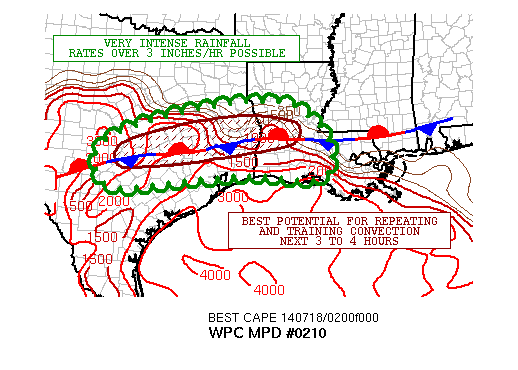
AREAS AFFECTED...SOUTHEASTERN TX...SOUTHWEST LA

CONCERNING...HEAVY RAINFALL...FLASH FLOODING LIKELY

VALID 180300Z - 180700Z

SUMMARY...ADDITIONAL HEAVY SHOWERS AND THUNDERSTORMS ARE EXPECTED
OVERNIGHT. VERY INTENSE RAINFALL RATES WILL PROMOTE ADDITIONAL
FLASH FLOOD CONCERNS.

DISCUSSION...THE LATEST WV SAT IMAGERY CONTINUES TO SHOW A
SHORTWAVE TROUGH DIGGING TWD THE LWR MS VLY ATTM WHICH IS
INTERACTING WITH A FRONTAL ZONE AND FOSTERING A LARGE AREA OF
MODERATE TO HEAVY SHOWER AND THUNDERSTORM ACTIVITY THROUGHOUT THE
LWR MS VLY REGION.

IR SAT AND RADAR IMAGERY CONFIRMS THAT THE STRONGEST CONVECTIVE
ACTIVITY IS OVER PORTIONS OF SERN TX AND INTO CNTRL LA WHERE THERE
ARE LOCALLY VERY SLOW MOVING AND INTENSE CONVECTIVE CELLS. WHILE
THE STRONGEST SFC-BASED INSTABILITY IS SITUATED ALONG AND SOUTH OF
THE WRN GULF COAST...THERE APPEARS TO BE SUFFICIENT LARGE SCALE
ASCENT COURTESY OF THE DIGGING UPR LVL TROUGH THROUGHOUT ERN TX/LA
FOR SUSTAINABLE AND STRONGER UPDRAFTS FOR DEEPER AND LOCALLY
ORGANIZED CONVECTION.

PWATS ARE VERY HIGH AND BASED ON GPS DATA ARE OM THE ORDER OF 2.1
TO 2.3 INCHES LOCALLY AND THIS MOISTURE ENVIRONMENT COUPLED WITH
SUSTAINABLE UPDRAFTS SHOULD YIELD LOCALLY VERY INTENSE RAINFALL
RATES THAT MAY EXCEED 3 INCHES/HR. THIS COUPLED WITH SLOW MOVEMENT
WILL PROMOTE VERY HEAVY SHORT TERM RAINFALL AMTS.

THE LATEST HI-RES MODEL GUIDANCE INCLUDING THE 00Z NAM-CONEST AND
EVEN THE 12Z NMMB ARE TERRIBLE IN DIAGNOSIS THE CURRENT CONVECTIVE
ENVIRONMENT. THE BEST MODELS APPEAR TO AN EXTENT BE THE 12Z ARW
AND 12Z GEM REGIONAL WHICH AT LEAST SHOW THE FOCUSING THROUGH 06Z
OF LOCALLY VERY INTENSE RAINFALL WHICH HAS ALREADY BEEN OCCURRING
THE LAST COUPLE OF HOURS.

EXPECT THERE TO BE AT LEAST LOCALIZED AND POTENTIALLY SEVERE FLASH
FLOODING BASED ON THE VERY INTENSE RAINFALL RATES.